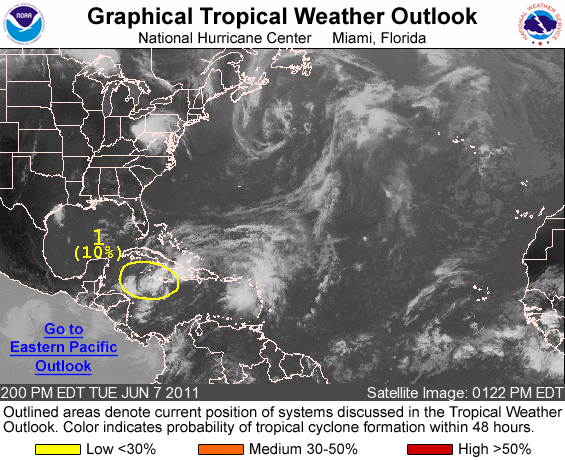
FOR THE NORTH ATLANTIC...CARIBBEAN SEA AND THE GULF OF MEXICO...

1. AN ELONGATED AREA OF LOW PRESSURE LOCATED OVER THE NORTHWESTERN CARIBBEAN SEA CONTINUES PRODUCING DISORGANIZED SHOWER AND THUNDERSTORM ACTIVITY. UPPER-LEVEL WINDS ARE EXPECTED TO REMAIN UNFAVORABLE FOR DEVELOPMENT OF THIS SYSTEM...AND THERE IS A LOW CHANCE...10 PERCENT...OF THIS SYSTEM BECOMING A TROPICAL CYCLONE DURING THE NEXT 48 HOURS. REGARDLESS OF DEVELOPMENT...HEAVY RAINS COULD CAUSE FLASH FLOODS AND MUD SLIDES OVER PORTIONS OF HAITI... THE DOMINICAN REPUBLIC...JAMAICA...AND CUBA AS THE SYSTEM MOVES SLOWLY NORTHWARD OVER THE NEXT COUPLE OF DAYS.

ELSEWHERE...TROPICAL CYCLONE FORMATION IS NOT EXPECTED DURING THE NEXT 48 HOURS.

FORECASTER BRENNAN